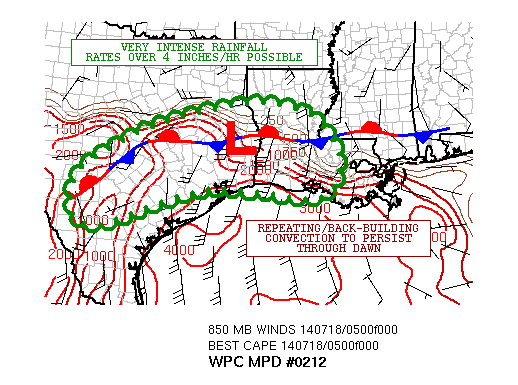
AREAS AFFECTED...SOUTHEAST TX...CENTRAL/SOUTHERN LA

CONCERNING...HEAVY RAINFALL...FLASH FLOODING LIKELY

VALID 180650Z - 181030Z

SUMMARY...ADDITIONAL VERY HEAVY RAINFALL IS ANTICIPATED THROUGH
THE REMAINDER OF THE NIGHT ACROSS SOUTHEAST TX...WITH THE FOCUS IN
TIME TRANSITIONING MORE INTO CENTRAL/SOUTHERN LA. FLASH FLOODING
IS LIKELY GIVEN THE PERSISTENT NATURE OF THE ACTIVITY AND
EXTREMELY INTENSE RAIN RATES.

DISCUSSION...GOES-RGB SAT IMAGERY IS SUGGESTING SOME AMPLIFICATION
TO THE SHORTWAVE TROUGH SEEN DIGGING ACROSS THE LWR MS VLY ATTM.
THE INTERACTION BETWEEN THE SHORTWAVE ENERGY AND A STALLED OUT
FRONTAL ZONE CONTINUES TO FOCUS A LARGE AREA OF HEAVY SHOWER AND
THUNDERSTORM ACTIVITY THROUGHOUT PORTIONS OF SERN TX AND WRN LA.

IR SAT IMAGERY SHOWS THE COLDEST CONVECTIVE TOPS PRIMARILY OVER
SOUTHEAST TX WHERE VWP DATA SHOWS S/SWLY H85 FLOW OF 30 TO 40 KTS
NEARLY PARALLEL TO THE FRONTAL ZONE AND WITHIN A VERY HIGH PWAT
ENVIRONMENT. THE LATEST GPS DERIVED DATA SHOWS PWATS OF 2.1 TO 2.3
INCHES OVER MUCH OF SOUTHEAST TX. THE LATEST RAP ANALYSIS SHOWS A
POOL OF VERY UNSTABLE AIR POOLED ALONG THE WRN GULF COAST...WITH
MUCAPE VALUES OF 3000 J/KG TO 4000 J/KG. THIS HIGHLY FAVORABLE
THERMODYNAMIC ENERGY WILL BE TAPPED THROUGH THE REMAINDER OF THE
NIGHT WITH THE DIGGING SHORTWAVE TROUGH TO THE NORTH AND
INTERACTION WITH THE FRONT. THE RESULT SHOULD BE A CONTINUATION OF
SLOW-MOVING CONVECTIVE CLUSTERS INCLUDING CELL-MERGERS AND
BACK-BUILDING OF CELLS.

THE CONSENSUS OF THE LATEST HI-RES AND GLOBAL MODEL GUIDANCE
INDICATES SOME ADDITIONAL INCREASE AND VEERING OF THE LOW LVL FLOW
NEAR THE FRONT WHICH SHOULD FACILITATE A SUSTAINABLE THREAT FOR
REPEATING CONVECTION. RAINFALL RATES HAVE ALREADY BEEN REPORTED TO
BE OVER 4 INCHES/HR LOCALLY...AND WITH THE AFOREMENTIONED
CONVECTIVE MODES...THIS WILL PROMOTE SEVERE FLASH FLOOD POTENTIAL.

IT SHOULD BE NOTED THAT THE MAIN FOCUS FOR THE NEXT FEW HOURS
SHOULD TEND REMAIN IN SERN TX...BUT WILL BE GRADUALLY
TRANSITIONING MORE INTO CNTRL/SRN LA TWD DAWN AND THEREAFTER AS A
WELL-DEFINED MOISTURE/INSTABILITY FEED IN OFF THE WRN GULF OF
MEXICO BECOMES ESTABLISHED. THIS IS ALREADY STARTING TO OCCUR NOW.
THE 00Z NAM-CONEST AND 00Z ARW IN PARTICULAR STRONGLY SUGGEST A
THREAT FOR EXTREMELY HEAVY RAINS/FLASH FLOODING BEYOND THIS PERIOD
BETWEEN 12Z AND 18Z ACROSS SRN LA...AND THIS WILL NEED TO BE
MONITORED VERY CLOSELY.